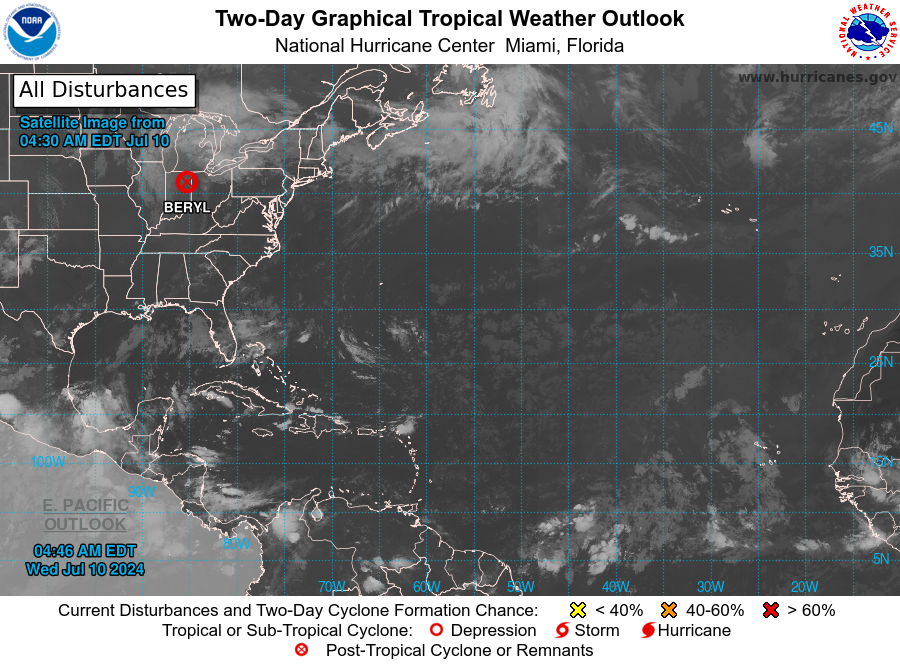
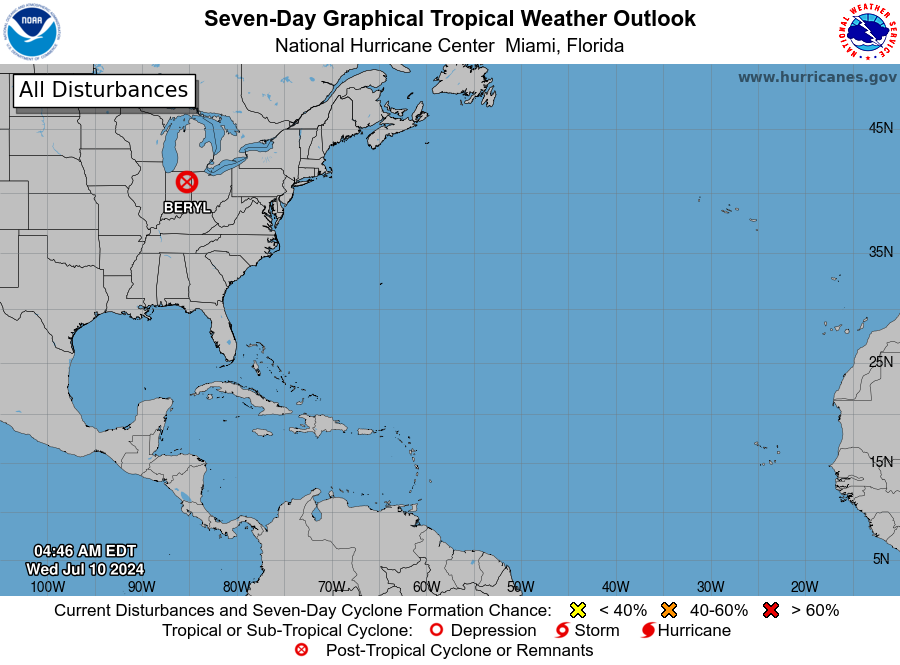
For the North Atlantic...Caribbean Sea and the Gulf of Mexico:

Active Systems: The Weather Prediction Center is issuing advisories on Post-Tropical Cyclone Beryl, located inland over central Indiana.

Tropical cyclone formation is not expected during the next 7 days.

Forecaster Bucci